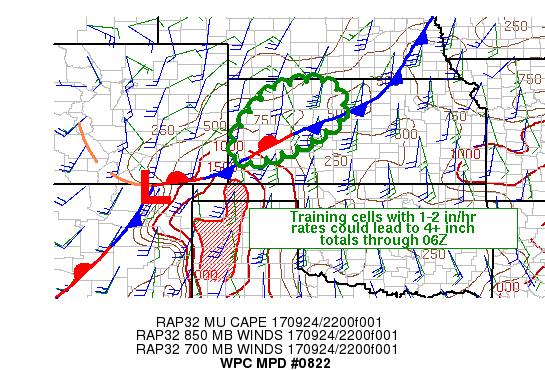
AREAS AFFECTED...WRN KS

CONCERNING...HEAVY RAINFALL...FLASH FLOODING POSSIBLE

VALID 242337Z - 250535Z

SUMMARY...TRAINING CONVECTION OVER PORTIONS OF WRN KS MAY LEAD TO
FLASH FLOODING BEGINNING NEAR 03Z. RAINFALL RATES OF 1-2 IN/HR
WITH LOCALIZED TOTALS OVER 4 INCHES ARE EXPECTED THROUGH 06Z.

DISCUSSION...SURFACE OBSERVATIONS AT 23Z PLACED A SLOW MOVING COLD
FRONT INTO N-CNTRL KS...WITH THE BOUNDARY EXTENDING SWWD INTO SERN
CO AS A STATIONARY FRONT. BASE REFLECTIVITY DATA FROM KDDC AND
KGLD SHOWED SCATTERED SHOWERS AND THUNDERSTORMS ALONG AND NORTH OF
THE FRONT OVER WRN KS AT 2315Z WITH INDIVIDUAL CELLS FOLLOWING THE
850-300 MB MEAN WIND TOWARD THE NNE AT ABOUT 20-30 KT. RAP
ANALYSIS SOUNDINGS SUGGEST THIS ACTIVITY IS ROOTED BETWEEN 850-700
MB AND KDDC VAD WIND DATA SUPPORTED WINDS OF 20-25 KT IN THE
850-700 MB LAYER OVER THE PAST 1-2 HOURS OF SIMILAR DIRECTION TO
THE MEAN CELL MOVEMENT. A LACK OF BETTER ORGANIZATION HAS KEPT THE
MAJORITY OF RADAR DERIVED RAINFALL RATES BELOW 1 IN/HR SO FAR.

WHILE WATER VAPOR IMAGERY SHOWED A FAIR AMOUNT OF DRY AIR ALOFT
OVER THE WRN HALF OF KS...LOW LEVEL MOISTURE APPEARS SUFFICIENTLY
HIGH TO SUPPORT LOCALLY HEAVY RAIN IF CELLS ARE ABLE TO TRAIN
GIVEN PRECIPITABLE WATER VALUES RANGING BETWEEN 1.3 AND 1.6 INCHES
PER RECENT GPS DATA.

THE 20Z AND 21Z HRRR RUNS WERE THE FIRST TO PICK UP ON THE FLASH
FLOOD POTENTIAL OVER WRN KS WITH 3-6+ INCH TOTALS THROUGH 05Z
BETWEEN GCK AND HLC...CONTINGENT UPON CONVECTION DEVELOPING OVER
THE SRN CO/KS BORDER AND MOVING INTO WRN KS AROUND 00Z.

WHILE CONVECTION ALONG THE SRN CO/KS BORDER HAS YET TO MATERIALIZE
THE WAY FORECAST BY THE 20Z/21Z HRRR...LARGE SCALE UPPER LEVEL
FLOW SHOULD BECOME MORE DIFFLUENT THROUGH 06Z OVER THE WRN HALF OF
KS WHICH SHOULD HELP AID IN UPWARD MOTION AND AN EXPANSION OF CELL
COVERAGE. IN ADDITION...1000-1500 J/KG CAPE PRESENT OVER THE OK/TX
PANHANDLES VIA RECENT SPC MESOANALYSES SHOULD PROVIDE THE FUEL FOR
MORE ROBUST CONVECTION WITH NEARLY UNIDIRECTIONAL FLOW SUPPORTING
TRAINING...SOME OF WHICH MAY OVERLAP WITH 1-2 INCHES OF RAINFALL
WHICH FELL OVER THE PAST 24 HOURS. SIX HOUR RAINFALL TOTALS IN
EXCESS OF 4 INCHES ARE EXPECTED IN ONE OR TWO AREAS WHICH MAY
CAUSE FLASH FLOODING.